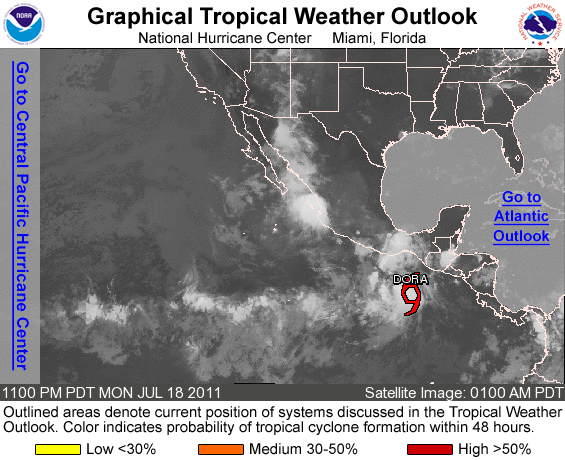
FOR THE EASTERN NORTH PACIFIC...EAST OF 140 DEGREES WEST LONGITUDE..

THE NATIONAL HURRICANE CENTER IS ISSUING ADVISORIES ON TROPICAL STORM DORA LOCATED ABOUT 360 MILES SOUTH-SOUTHEAST OF SALINA CRUZ MEXICO.

ELSEWHERE...TROPICAL CYCLONE FORMATION IS NOT EXPECTED DURING THE NEXT 48 HOURS.

PUBLIC ADVISORIES ON DORA ARE ISSUED UNDER WMO HEADER WTPZ34 KNHC AND UNDER AWIPS HEADER MIATCPEP4. FORECAST/ADVISORIES ON DORA ARE ISSUED UNDER WMO HEADER WTPZ24 KNHC AND UNDER AWIPS HEADER MIATCMEP4.

FORECASTER CANGIALOSI